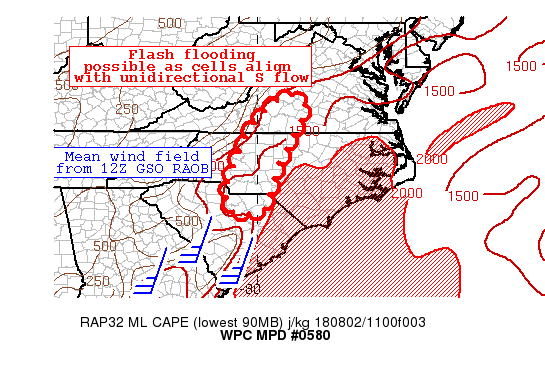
Areas affected...Northern South Carolina, central North Carolina,
south-central Virginia

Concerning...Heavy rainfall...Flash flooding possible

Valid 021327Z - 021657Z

SUMMARY...Convection continues to percolate across central North
Carolina, generally aligning along an axis of southerly
unidirectional flow. Expect flash flooding to occur, particularly
in regions which have experienced heavy rainfall the past couple
of weeks...

DISCUSSION...Early morning GOES-16 1-minute visible satellite
imagery depicted enhanced Cb towers extending from south-central
Virginia down into North Carolina. Much of the embedded convection
has proven to align relatively well with the mean steering flow.
On a larger scale, hourly rainfall rates have stayed around the 1
to 1.50 inch range. However, more locally, some recent reports of
over 2 inche rates have been noted in the vicinity of
Winston-Salem, North Carolina. This has brought storm totals up to
around 3 to 4 inches to the east of the city.

Looking ahead, recent visible satellite imagery has shown cooling
tops accompanied by a few lightning strikes. Given substantial
morning instability coupled with the favorable unidirectional flow
regime, would expect additional heavy rainfall and associated
flash flood concerns to persist the next few hours.
High-resolution guidance seems to be most in favor of the northern
activity with some mixed signal to the south. However, recent
observational trends suggests a non-zero threat for flash flood
concerns exists over the latter location.